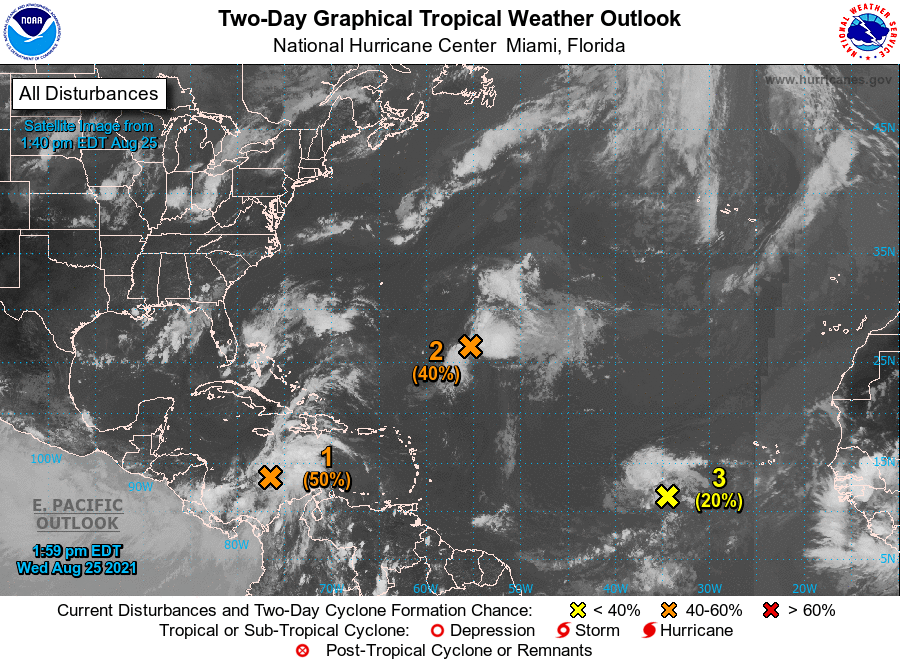
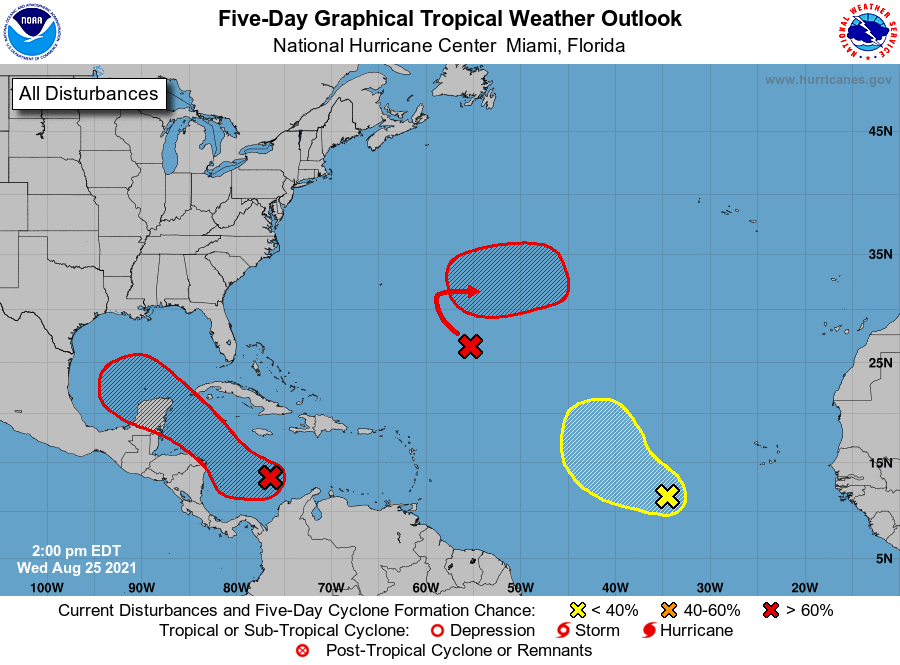
For the North Atlantic...Caribbean Sea and the Gulf of Mexico:

1. A broad area of low pressure is expected to form over the southwestern Caribbean Sea during the next day or so from a tropical wave currently located north of Colombia. Environmental conditions are forecast to be conducive for development, and a tropical depression or tropical storm is likely to form late this week or over the weekend. The system is expected to move northwestward over the northwestern Caribbean Sea and near or across the Yucatan Peninsula of Mexico on Friday and into the Gulf of Mexico this weekend where conditions are expected to be favorable for additional development. Regardless of development, heavy rainfall and flooding will be possible through the weekend in portions of Nicaragua, Honduras, Guatemala, Belize, and the Yucatan Peninsula. In addition, this system could bring dangerous impacts from storm surge, wind, and heavy rainfall to portions of the coasts of Louisiana, Texas, and the Mexican state of Tamaulipas late this weekend and early next week. However, uncertainty remains large since the system has yet to form. Interests in these areas should closely monitor the progress of this system and ensure they have their hurricane plan in place. An Air Force Reserve reconnaissance aircraft is scheduled to investigate the system Thursday afternoon, if necessary.
* Formation chance through 48 hours...medium...50 percent.
* Formation chance through 5 days...high...80 percent.

2. A broad trough of low pressure is producing disorganized showers and thunderstorms over the central tropical Atlantic about 700 miles southeast of Bermuda. Only slow development of this system is expected during the next day or so due to unfavorable upper-level winds. Afterwards, environmental conditions are forecast to become more conducive for development, and a tropical depression is likely to form late this week or this weekend while the system turns eastward over the open central Atlantic.
* Formation chance through 48 hours...medium...40 percent.
* Formation chance through 5 days...high...80 percent.

3. A tropical wave over the far eastern tropical Atlantic located several hundred miles southwest of the Cabo Verde Islands is producing a disorganized area of showers and thunderstorms. Some development of this system is possible over the next several days while it moves west-northwestward at 10 to 15 mph over the eastern tropical Atlantic. Upper-level winds are forecast to become less conducive for development by early next week.
* Formation chance through 48 hours...low...20 percent.
* Formation chance through 5 days...low...30 percent.

Forecaster Stewart